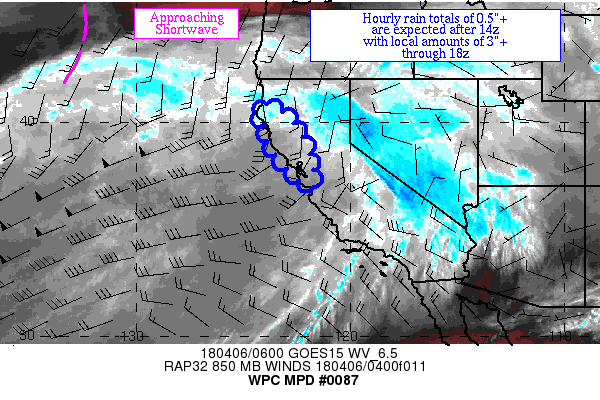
AREAS AFFECTED...THE BAY AREA & NORTH COAST OF CA

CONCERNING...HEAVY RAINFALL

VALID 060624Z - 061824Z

SUMMARY...AN INCOMING SHORTWAVE INTERACTING WITH AN ATMOSPHERIC
RIVER AND A FRONTAL ZONE SHOULD RAMP UP HOURLY RAIN TOTALS ABOVE
0.5" BEYOND 14Z.

DISCUSSION...AN ATMOSPHERIC RIVER FLOWING FROM THE
PAPAHANAUMOKUAKEA MARINE NATIONAL MONUMENT (NORTHWEST OF THE MAIN
HAWAIIAN ISLANDS) IS POISED TO MAKE LANDFALL ALONG THE CA COAST.
GPS DATA SHOW PRECIPITABLE WATER VALUES OF 1-1.3" ALONG THE CA
COAST WITH HIGHER VALUES OF 2"+ WELL OFFSHORE PER BOUNDARY LAYER
TOTAL PRECIPITABLE WATER SATELLITE ESTIMATES.  A 04Z RAP-BASED
SOUNDING INDICATES WET BULB ZERO HEIGHTS NEAR 10,400 FEET NEAR SAN
FRANCISCO AT THE PRESENT TIME.  A SHORTWAVE IS APPROACHING THE
132ND MERIDIAN WEST NEAR AND NORTH OF THE MOISTURE PLUME.
LOW-LEVEL INFLOW IS MODEST OUT OF THE SOUTHWEST, WITH 15-20 KT
VALUES REPORTED IN VAD WIND PROFILES FROM NORTHWEST CA NEAR 850
HPA.

THE RAP GUIDANCE HAS BEEN SHOWING A FRONTAL ZONE SHARPENING
OFFSHORE THE NORTH-CENTRAL COAST OF CA WITH TIME, LIKELY DUE TO
THE APPROACHING SHORTWAVE.  INFLOW AT 850 HPA RAMPS UP AFTER 10Z,
WHEN PRECIPITABLE WATER VALUES ALONG THE COAST RISE TO 1.50"+,
WITH 50 KT VALUES EXPECTED JUST OFFSHORE THE NORTHWEST CA COAST AS
EARLY AS 13Z.  WET BULB ZERO HEIGHTS ARE FORECAST TO RESEMBLE THE
TROPICS, WITH THE RAP ADVERTISING HEIGHTS CLOSE TO 13,300 FEET --
EFFICIENT WARM RAIN PROCESSES ARE EXPECTED.  THE 12Z AND 00Z HREF
PROBABILITIES HAVE BEEN INDICATING 50%+ CHANCES OF 0.50" AN HOUR
TOTALS IN THE 14-17Z TIME FRAME ASSOCIATED WITH THE ABOVE FACTORS.
 ANY SMALL BUBBLES OF 50-100 J/KG MU CAPE WOULD ASSURE THESE
HOURLY TOTALS.  THE MESOSCALE GUIDANCE INDICATES LOCAL AMOUNTS OF
3"+ THROUGH 18Z IN THIS AREA, WHICH SEEMS REALISTIC.